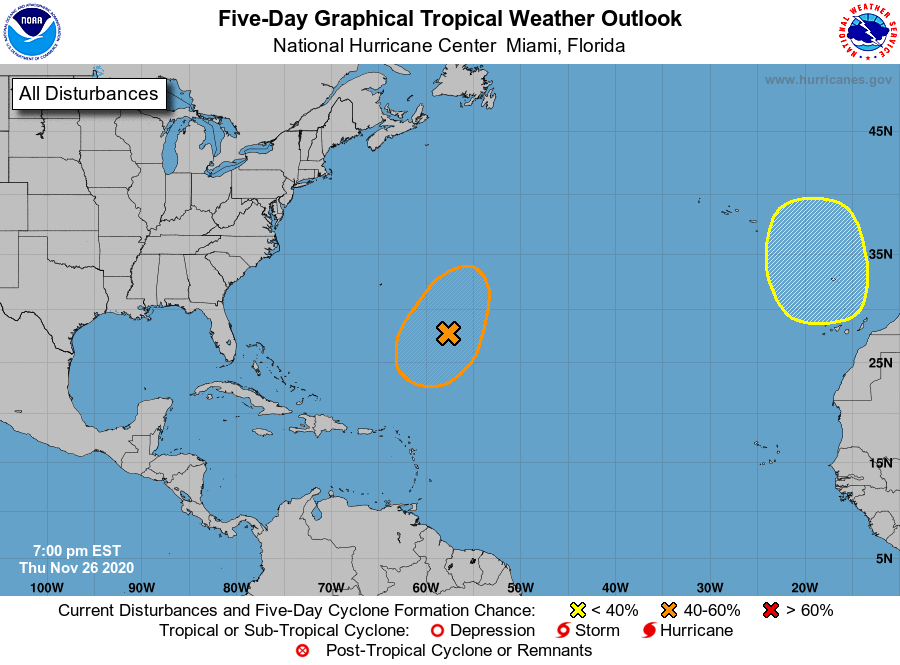
For the North Atlantic...Caribbean Sea and the Gulf of Mexico:

1. Showers and thunderstorms associated with a non-tropical area of low pressure located several hundred miles southeast of Bermuda have increased during the past few hours. Additional subtropical development is possible during the next day or so while the low drifts south-southwestward. Environmental conditions are expected to become unfavorable for further development over the weekend as the system begins to move north-northeastward.
* Formation chance through 48 hours...medium...40 percent.
* Formation chance through 5 days...medium...40 percent.

2. Another non-tropical area of low pressure is expected to form over the far eastern Atlantic during the weekend. This system could gradually gain subtropical characteristics while it moves slowly southward through early next week.
* Formation chance through 48 hours...low...near 0 percent.
* Formation chance through 5 days...low...20 percent.

Forecaster Zelinsky